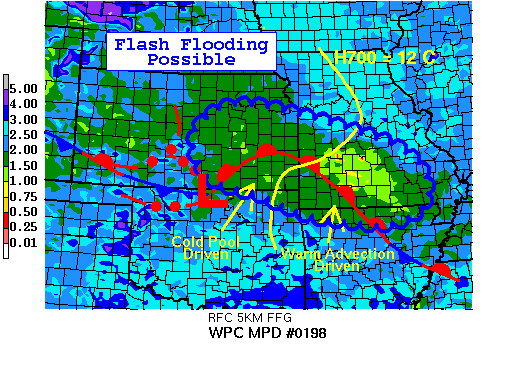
AREAS AFFECTED...EASTERN KS...SOUTHWEST MO...NORTHEAST
OK...NORTHERN AR

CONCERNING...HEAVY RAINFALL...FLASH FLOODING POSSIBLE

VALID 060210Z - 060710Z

SUMMARY...LOW LEVEL FORCING WILL PROMOTE A CONTINUED THREAT OF
THUNDERSTORM DEVELOPMENT/MAINTENANCE OVERNIGHT...AND EVEN TUESDAY
MORNING IN MO/AR. LOCALLY HEAVY RAIN RATES ARE EXPECTED...AND WITH
SATURATED SOILS...LITTLE RAIN WILL BE REQUIRED TO YIELD FLASH
FLOODING.

DISCUSSION...TONIGHT DIFFERS FROM THE PAST FEW...IN THAT A PLUME
OF WARM MID LEVEL AIR HAD DEVELOPED NORTHWARD ACROSS KS. THE OK/TX
UPPER RIDGE APPEARED TO BE ASSERTING ITSELF NORTHWARD PER WATER
VAPOR SATELLITE. THIS CREATES SOME UNCERTAINTY AS TO WHETHER
CONVECTION WILL SURVIVE THE NIGHT AS IT SLIDES EAST ACROSS
SOUTHERN KS. AT 02Z...HOWEVER...IT DID APPEAR THAT THE COLD POOL
AND MESO VORTEX WEST OF ICT WAS ROBUST ENOUGH TO CARRY THE ONGOING
ACTIVITY ACROSS INTERSTATE 35 TO THE EAST. THERE ARE ALSO A NUMBER
OF HRRR RUNS AND THE 12Z WRF-ARW WHICH DID A GOOD JOB CAPTURING
THE EARLY EVOLUTION ACROSS WESTERN KS...AND WHICH TAKE THIS
PROGRESSIVE MCS THROUGH SOUTHEAST KS INTO MO/AR OVERNIGHT. IF THIS
OCCURS...STORM MOTIONS WILL NOT BE PARTICULARLY SLOW...BUT THE
SOILS HAVE BEEN COMPROMISED BY RECENT HEAVY RAIN. AS THE ACTIVITY
MOVES EAST PW WILL INCREASE...AND THE NOCTURNAL LOW LEVEL
JET...ALTHOUGH MODEST AT 30 KT...WILL PROVIDE SOME BOOST TO
CONVERGENCE AND COULD YIELD SOME WEST TO EAST TRAINING.

REGARDLESS OF THE ABOVE EVENTS...WARM ADVECTION WILL INCREASE AT
THE EDGE OF THE 700 MB CAP...LIKELY IN THE 06-09Z TIME FRAME PER
ISENTROPIC PLOTS USING THE NAM. THIS SHOULD YIELD ANOTHER
CONVECTIVE EVENT INDEPENDENT OF...OR DEVELOPING JUST IN ADVANCE
OF...THE KS EVENT AND AFFECTING SOUTHWEST MO WHERE FLASH FLOOD
GUIDANCE IS ESPECIALLY LOW. BASED ON PREDICTED MCS MOTION AND WARM
ADVECTION PROFILES...A SHIFT SOUTHEASTWARD INTO AR AND POSSIBLY
CLIPPING NE OK IS PREDICTED WITH TIME. WILL UPDATE IF EVENTS PROVE
TO ESCALATE.